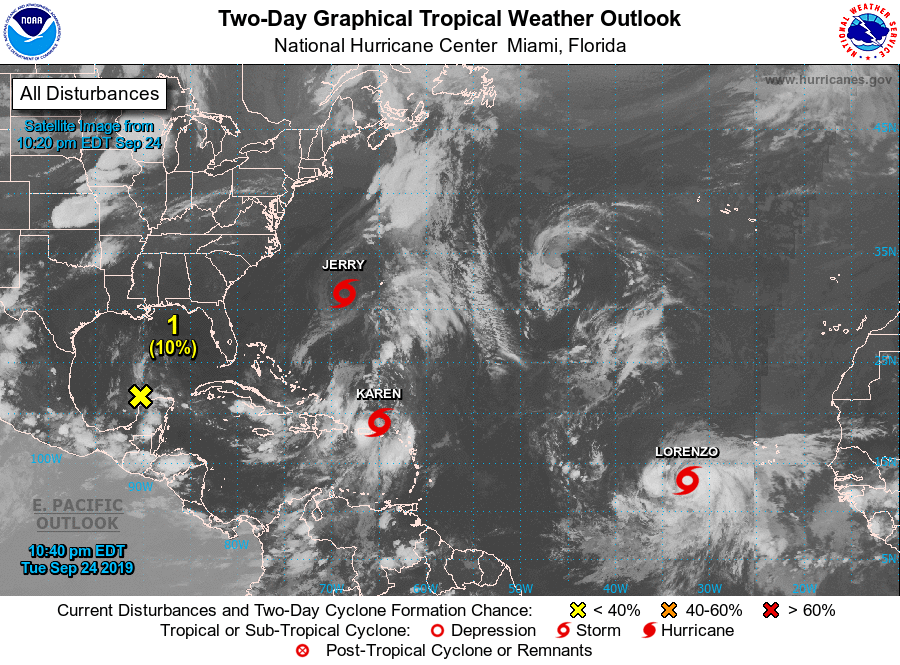
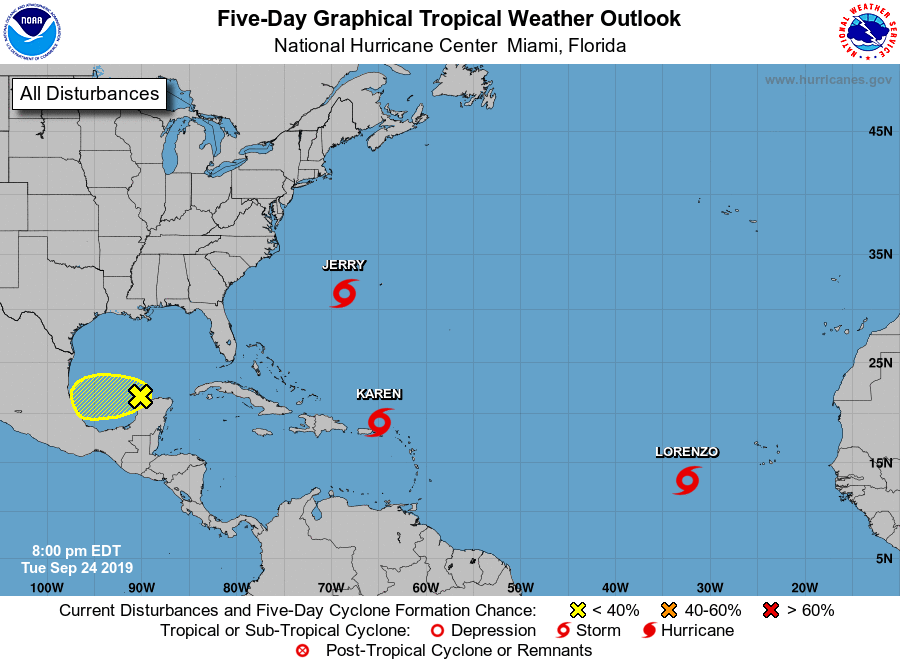
For the North Atlantic...Caribbean Sea and the Gulf of Mexico:

The National Hurricane Center is issuing advisories on Tropical Storm Jerry, located a few hundred miles west-southwest of Bermuda, on Tropical Storm Karen, located near Puerto Rico and the U.S. Virgin Islands, and on Tropical Storm Lorenzo, located over the eastern tropical Atlantic.

1. A weak area of low pressure centered near the northwest coast of the Yucatan peninsula is producing a small area of disorganized showers and thunderstorms. Some slow development of the low is possible while it moves westward at 5 to 10 mph across the southwestern Gulf of Mexico during the next few days. The disturbance is expected to move inland over northeastern Mexico late Friday or Saturday.
* Formation chance through 48 hours...low...10 percent.
* Formation chance through 5 days...low...20 percent.

Forecaster Latto